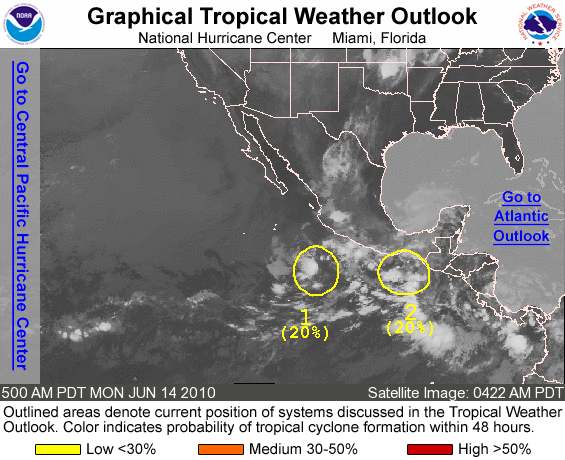
FOR THE EASTERN NORTH PACIFIC...EAST OF 140 DEGREES WEST LONGITUDE..

1. CLOUDINESS AND SHOWERS ASSOCIATED WITH A BROAD AREA OF LOW PRESSURE LOCATED ABOUT 350 MILES WEST-SOUTHWEST OF ACAPULCO MEXICO REMAIN POORLY ORGANIZED. HOWEVER...SOME SLOW DEVELOPMENT OF THE LOW IS POSSIBLE AS IT MOVES SLOWLY WEST-NORTHWESTWARD OVER THE NEXT COUPLE OF DAYS. THERE IS A LOW CHANCE...20 PERCENT...OF THIS SYSTEM BECOMING A TROPICAL CYCLONE DURING THE NEXT 48 HOURS.

2. A BROAD AREA OF CLOUDINESS AND THUNDERSTORMS NEAR THE GULF OF TEHUANTEPEC IS ALSO POORLY ORGANIZED. DEVELOPMENT...IF ANY...OF THIS SYSTEM SHOULD BE SLOW TO OCCUR OVER THE NEXT DAY OR TWO AS IT DRIFTS NORTHWESTWARD TO NORTH-NORTHWESTWARD. THERE IS A LOW CHANCE...20 PERCENT...OF THIS SYSTEM BECOMING A TROPICAL CYCLONE DURING THE NEXT 48 HOURS.

ELSEWHERE...TROPICAL CYCLONE FORMATION IS NOT EXPECTED DURING THE NEXT 48 HOURS.

FORECASTER KIMBERLAIN/PASCH